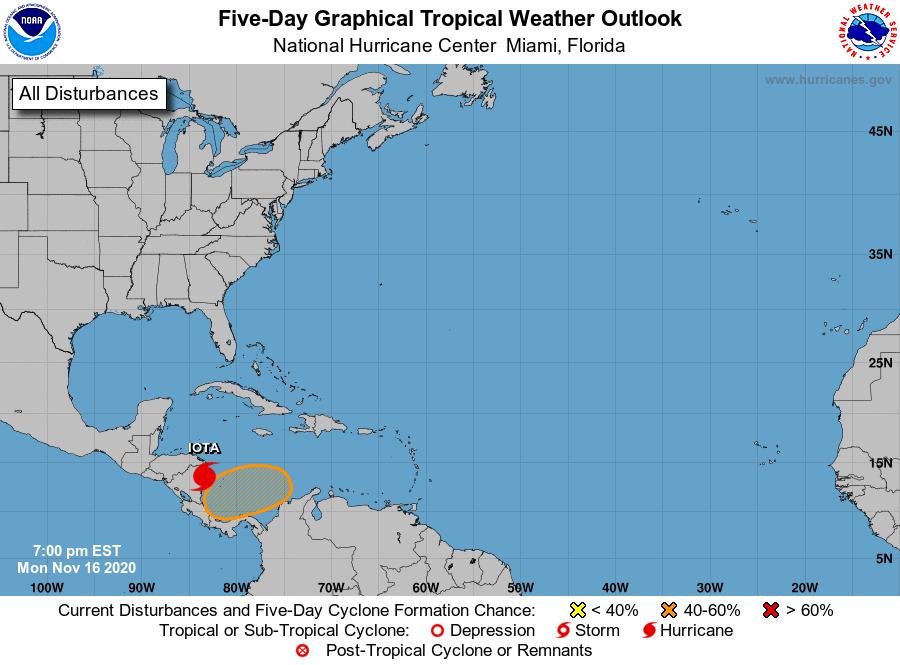
For the North Atlantic...Caribbean Sea and the Gulf of Mexico:

The National Hurricane Center is issuing advisories on Hurricane Iota, located over the southwestern Caribbean Sea near the coast of northeastern Nicaragua.

1. A new area of low pressure could form in a couple of days over the central or southwestern Caribbean Sea. Environmental conditions are forecast to be conducive for some development, and a tropical depression could form by the end of the week while the system moves slowly westward or west-southwestward across the southwestern Caribbean Sea.
* Formation chance through 48 hours...low...near 0 percent.
* Formation chance through 5 days...medium...40 percent.

Forecaster Reinhart/Roberts